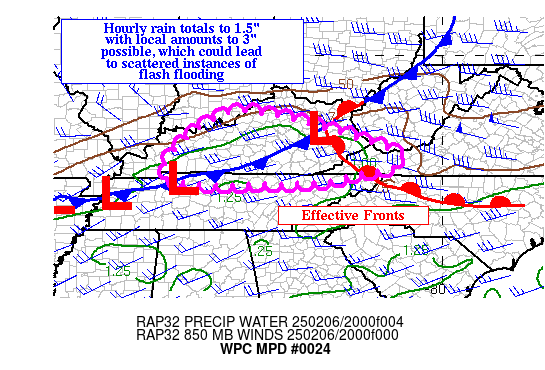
Areas affected...portions of KY and southwest VA

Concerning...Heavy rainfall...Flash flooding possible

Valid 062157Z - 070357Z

Summary...Showers and thunderstorms within a saturated atmospheric
column over saturated soils are expected to lead to hourly rain
totals to 1.5" and local amounts to 3".  This could lead to flash
flooding over saturated soils and urban areas.

Discussion...Recent radar imagery shows quick-moving but scattered
showers and thunderstorms forming and moving through western KY at
the present time.  They are elevated in nature and forming on the
back side of a frontal zone with a few surface waves on the south
side of a broad shortwave trough in the Great Lakes, utilizing
500-1000 J/kg of MU CAPE.  Other activity to the southeast is much
closer to the surface front.  At the moment, the flat wave in
western TN is closest to the back edge of the convection.
Precipitable water values of 0.75-1.25" lie across the region
within a cool air mass, leading to almost complete saturation.
Effective bulk shear is ~50 kts, which is enough for both linear
convective organization and mesocyclone formation.

Flash flood guidance values are fairly low, roughly 1" in three
hours -- within the past 24 hours, 1-3" of rain fell in this area.
 With the expectation of 0.5"+ an hour totals, possibly as high as
1.5" in an hour, expected over the next several hours as the
storms propagate generally east-southeast parallel to thickness
lines, flash flood guidance exceedance could occur in scattered
spots where cells can train/two or more mesocyclones can align.
The progressive frontal boundary and quick cell movement should
keep rain amounts from getting exceptionally high.  Hourly totals
to 1.5" with local amounts to 3" are the expectation, which could
lead to flash flooding in urban areas and over saturated soils and
hilly topography.